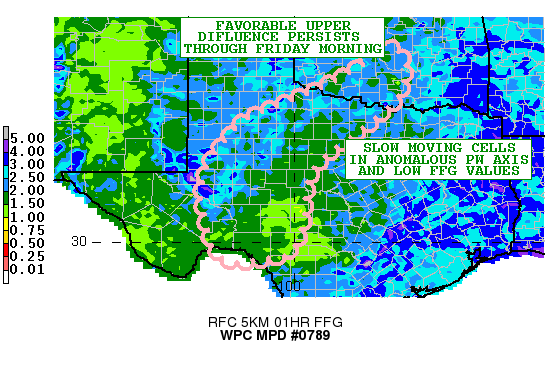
Areas affected...West Texas...south central Oklahoma

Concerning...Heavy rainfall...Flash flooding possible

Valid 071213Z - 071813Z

Summary...A broad region of potentially slow moving convection
likely to continue this morning across West Texas into south
central Oklahoma.

Discussion...Convection is beginning to become more organized in a
broad region of anomalous PW values...standard deviations 2.0 to
2.5+ above the mean...stretching across portions of the Southern
Plains from West Texas into south central Oklahoma.  This region
will remain in a favorable upper difluence region of the right
entrance of the jet across the Southern High Plains...continuing
to support enhanced lift in this high PW axis.  Efficient warm
rain processes expected to persist this period with freezing
levels approximately 13000 ft as per GFS model soundings across
the threat region.

The latest hi res guidance from 0000 utc (arw and nmmb) is behind
the curve with respect to current convection over northwest Texas.
 This trend is even worse in the 0600 utc nam conest which does
not have the current activity over northwest Texas.  While the hi
res guidance is poor with current activity...they all do show
enhancement this morning in the threat area.  The latest HRRR TLE
probabilities show 50-60% chance of 3" over the next 6 hours over
the southeast portion of WFO LUB into the northeast portion of WFO
MAF.  HREF probabilities for 2" are about 50 nm to the east of the
HRRR TLE axis...showing probabilities as high as 70% over far
southeast LUB WFO into the border region of WFO MAF and SJT.  With
the potential for slow moving cells and efficient warm rain
processes...isolated rainfall totals of 3-5" possible.